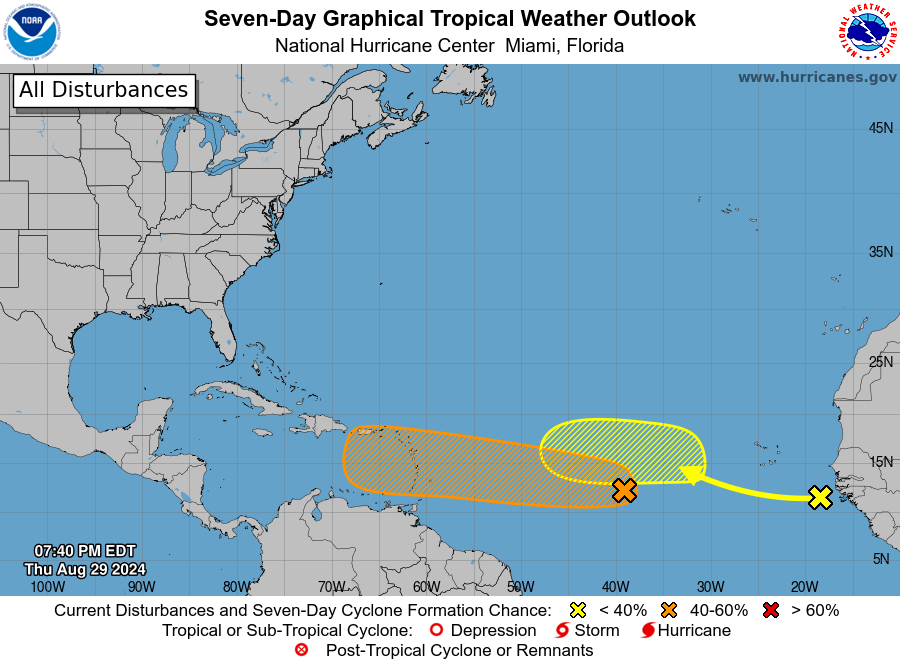
For the North Atlantic...Caribbean Sea and the Gulf of Mexico:

1. Central Tropical Atlantic: A tropical wave over the central Tropical Atlantic continues to produce disorganized showers and thunderstorms that have become a little more concentrated near its axis. Environmental conditions appear conducive for gradual development of this system, and a tropical depression could form by early next week while it moves westward at 10 to 15 mph, approaching the Lesser Antilles. The system is then forecast to continue moving westward to west-northwestward across portions of the eastern and central Caribbean Sea by the middle part of next week.
* Formation chance through 48 hours...low...10 percent.
* Formation chance through 7 days...medium...50 percent.

2. Eastern Tropical Atlantic: Another tropical wave just emerging off the coast of Africa is currently associated with an area of disorganized showers and thunderstorms. Some slow development of this system is possible through the middle portion of next week as it moves slowly to the west-northwest or northwest over the Eastern Tropical Atlantic.
* Formation chance through 48 hours...low...near 0 percent.
* Formation chance through 7 days...low...20 percent.

Forecaster Papin